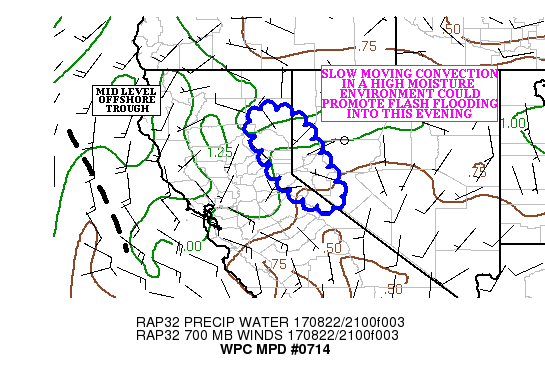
AREAS AFFECTED...WESTERN NV...PORTIONS OF NORTHERN CA

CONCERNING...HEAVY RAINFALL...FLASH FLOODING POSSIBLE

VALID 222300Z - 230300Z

SUMMARY...CONVECTION DEVELOPING ACROSS THE HIGHER TERRAIN OF
WESTERN NV AND PORTIONS OF NORTHERN CA WILL TAP DEEP MOISTURE TO
PRODUCE SLOW MOVING STORMS...POSING A FLASH FLOOD THREAT INTO THE
EARLY EVENING HOURS.

DISCUSSION...REGIONAL RADARS SHOWED AN INCREASE IN CONVECTIVE
ACTIVITY ACROSS THE HIGHER TERRAIN OF WESTERN NV AND PORTIONS OF
NORTHEAST CA THIS AFTERNOON. THE CONVECTION IS FORMING IN AN AREA
OF WEAKLY DIFLUENT FLOW AHEAD OF A MID LEVEL TROUGH LOCATED OFF
THE CA COAST. THE CONVECTIVE DEVELOPMENT IS FOLLOWING AN AXIS OF
500-1000 J/KG OF MLCAPE...AND TRACKING SLOWLY NORTHWEST IN THE
PRESENCE OF A WEAK 850-300 MB MEAN FLOW (WHICH IS GENERALLY LESS
THAN 10 KNOTS).

THE MOST RECENT RAP ANALYSIS SHOWED 1.25 INCH PRECIPITABLE WATER
AIR OVER NORTHERN CA...AND MOST OF THE CONVECTION HAS FORMED ON
THE GRADIENT OF THIS MOISTURE AXIS. THE KRGX RADAR SHOWED LOCAL
1.50 INCH HOURLY RAINFALL RATES OVER NORTHERN ALPINE COUNTY CA.
WHILE SOME DRY AIR IN THE MID LEVELS COULD BE RESULTING IN HAIL
CONTAMINATION FOR SOME STORMS...A MESONET REPORT OF 0.55 INCHES OF
RAINFALL IN 15 MINUTES WAS RECEIVED FROM WASHOE COUNTY NV SUPPORTS
THE IDEA OF 1.50+ INCH HOURLY RAINFALL RATES.

THERE WAS A GOOD SIGNAL IN THE HIGH RESOLUTION GUIDANCE FOR
CONVECTION TO CONTINUE OVER WESTERNMOST NV AND PORTIONS OF
NORTHEAST CA THROUGH 03Z OR SO. WEAK MID LEVEL FLOW AND HIGH
MOISTURE CONTENT AIR SHOULD SUPPORT LOCAL 1.00-2.00 INCH RAINFALL
AMOUNTS...THOUGH THESE AMOUNTS SHOULD BE SCATTERED. HOWEVER...THIS
IS MORE THAN ENOUGH (SINCE ONE HOUR FLASH FLOOD GUIDANCE VALUES
ARE GENERALLY LESS THAN AN INCH) TO INITIATE FLASH FLOODING.